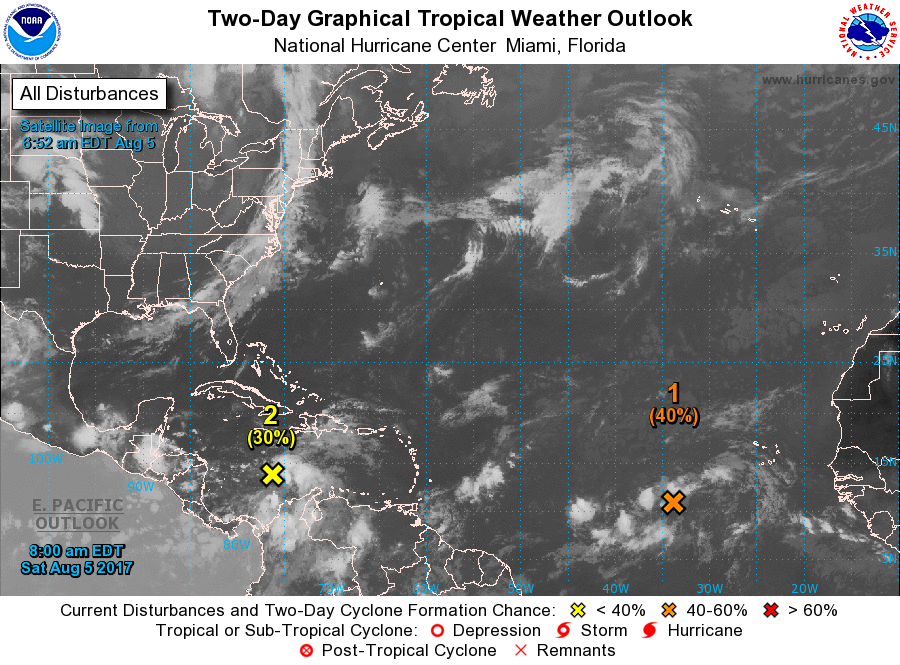
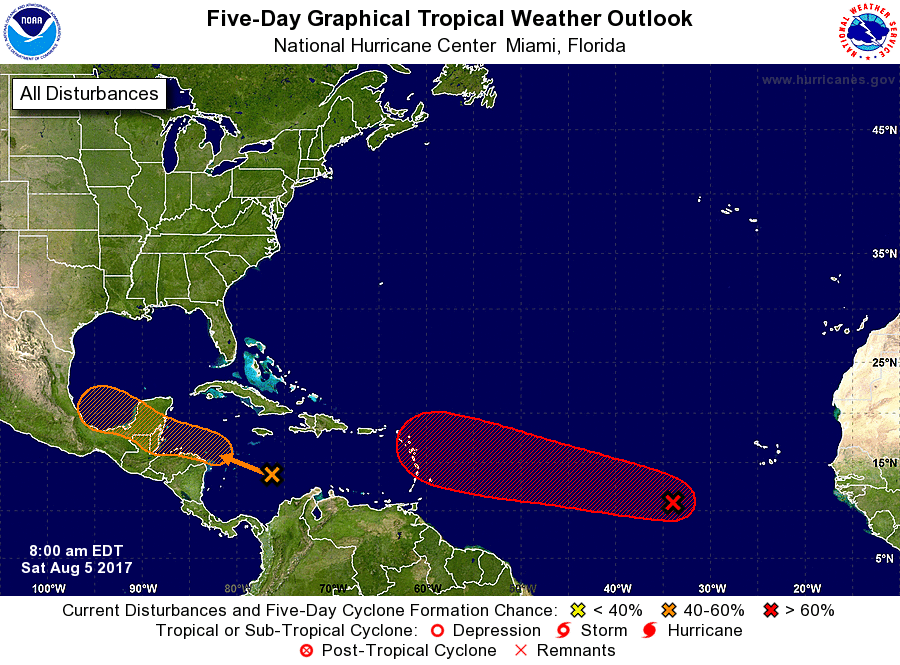
For the North Atlantic...Caribbean Sea and the Gulf of Mexico:

1. Showers and thunderstorms associated with an elongated area of low pressure extending more than a thousand miles southwest of the Cabo Verde Islands have not shown signs of organization during the past day or two. However, environmental conditions still appear conducive for this system to consolidate and become better organized, and a tropical depression could form next week while moving west-northwestward across the tropical Atlantic Ocean at about 15 mph.
* Formation chance through 48 hours...medium...40 percent.
* Formation chance through 5 days...high...70 percent.

2. Shower and thunderstorm activity has increased overnight near a tropical wave located over the central Caribbean Sea. This system is expected to move west-northwestward at 10 to 15 mph, and some development is possible over the northwestern Caribbean Sea before it reaches the Yucatan peninsula on Tuesday, and then again during the middle part of next week while it is over the Bay of Campeche. Development would likely not occur if the system moves inland over Central America and southeastern Mexico and does not re-emerge over water.
* Formation chance through 48 hours...low...30 percent.
* Formation chance through 5 days...medium...50 percent.

Forecaster Berg